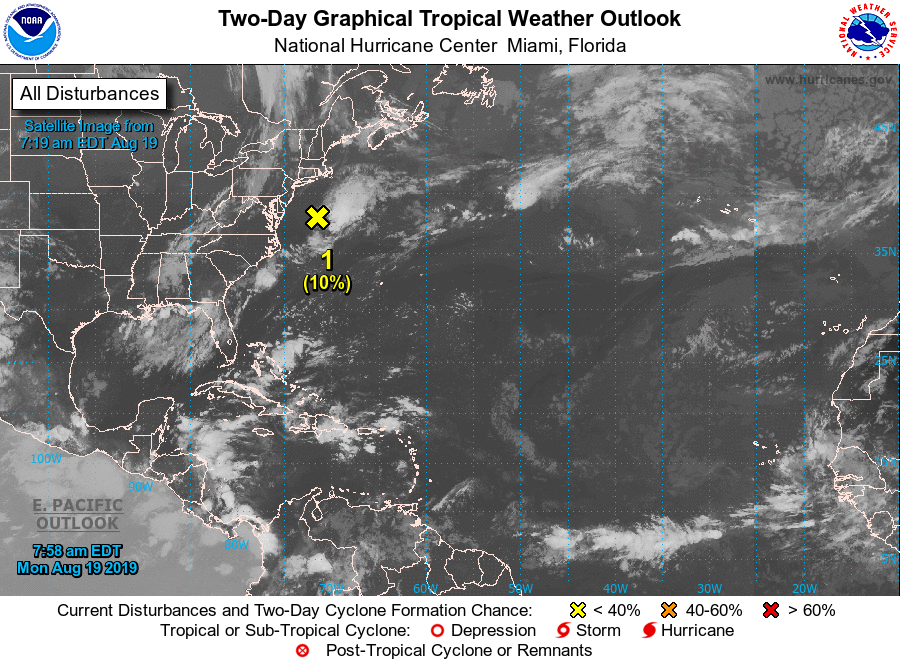
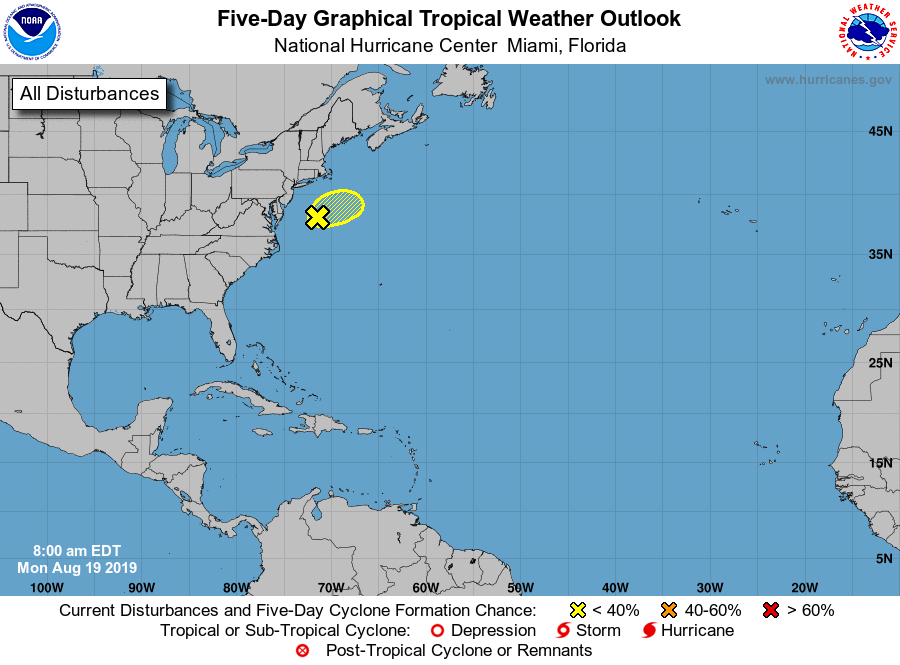
For the North Atlantic...Caribbean Sea and the Gulf of Mexico:

1. Thunderstorm activity has decreased in association with a low pressure system located a couple of hundred miles south of Nantucket, Massachusetts. Significant development of this system is now unlikely as it moves east-northeastward away from the United States.
* Formation chance through 48 hours...low...10 percent.
* Formation chance through 5 days...low...10 percent.

Forecaster Pasch